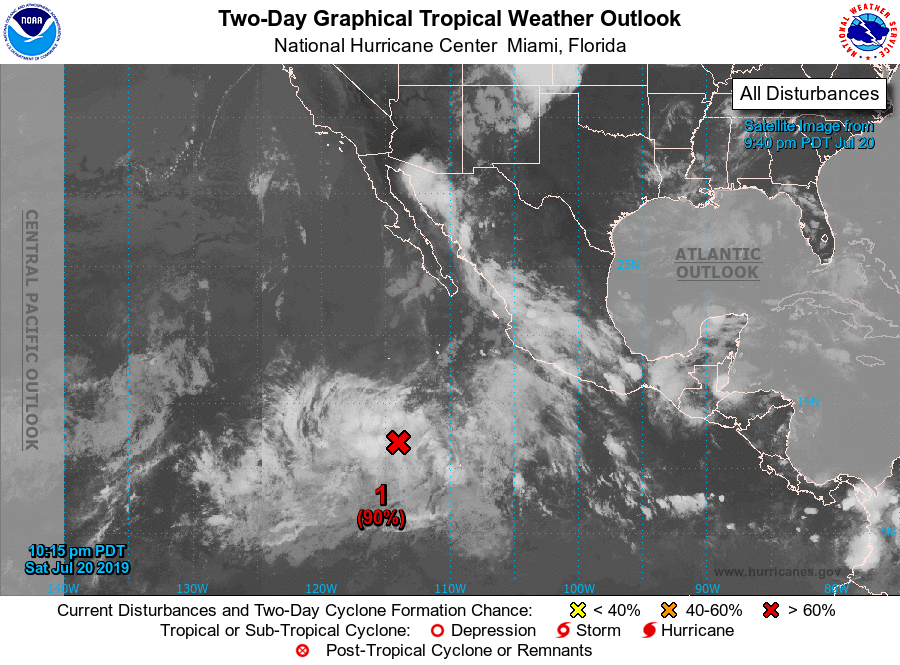
For the eastern North Pacific...east of 140 degrees west longitude:

1. Satellite imagery indicates that a low pressure system located several hundred miles south-southwest of the southern tip of the Baja California peninsula is gradually becoming better defined. Thunderstorm activity has been steadily increasing and becoming better organized, and a tropical depression or a tropical storm is expected to form during the next day or so. The disturbance is forecast to move generally northwestward at around 10 mph, remaining well offshore the coast of Mexico.
* Formation chance through 48 hours...high...90 percent.
* Formation chance through 5 days...high...90 percent.

Forecaster Stewart